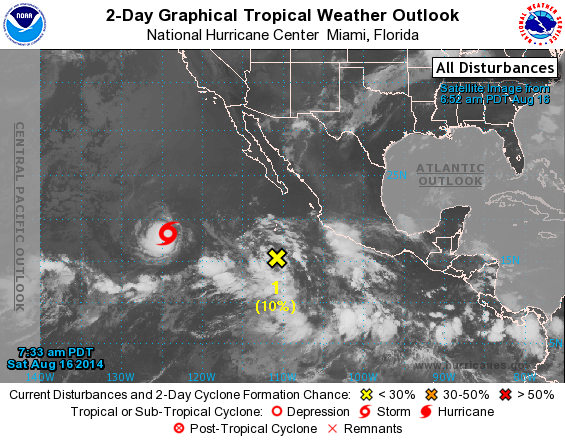
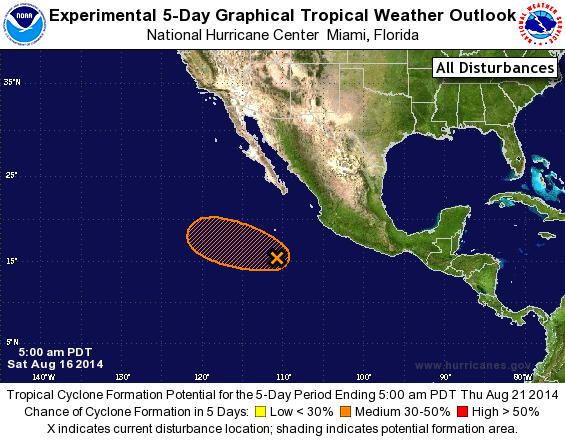
For the eastern North Pacific...east of 140 degrees west longitude:

The National Hurricane Center is issuing advisories on Tropical Storm Karina, located several hundred miles west-southwest of the southern tip of the Baja California peninsula.

1. A broad trough of low pressure located about 500 miles south-southwest of the southern tip of the Baja California peninsula, is producing a large but disorganized area of showers and thunderstorms. Gradual development of this system is possible through the middle of next week while it moves generally westward or west-northwestward at 5 to 10 mph.
* Formation chance through 48 hours...low...10 percent.
* Formation chance through 5 day...medium...50 percent.

Forecaster Avila